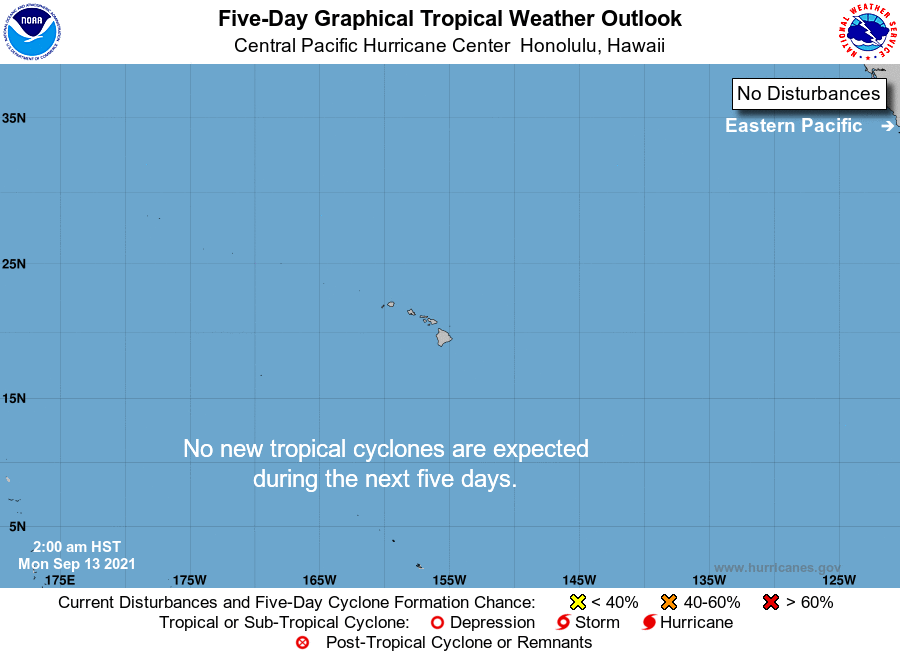
For the central North Pacific...between 140W and 180W:

No tropical cyclones are expected during the next 5 days.

Forecaster Jelsema